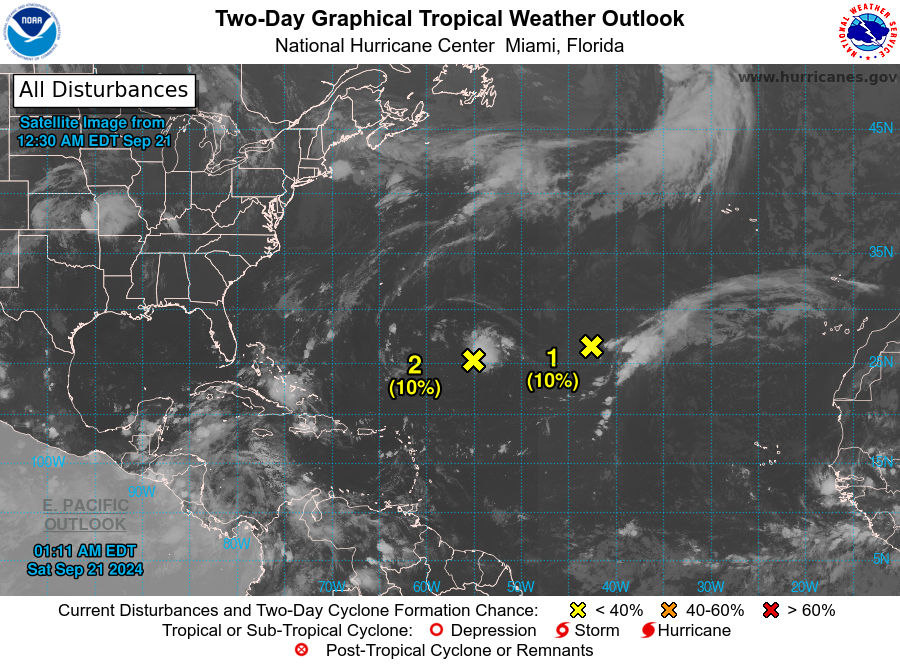
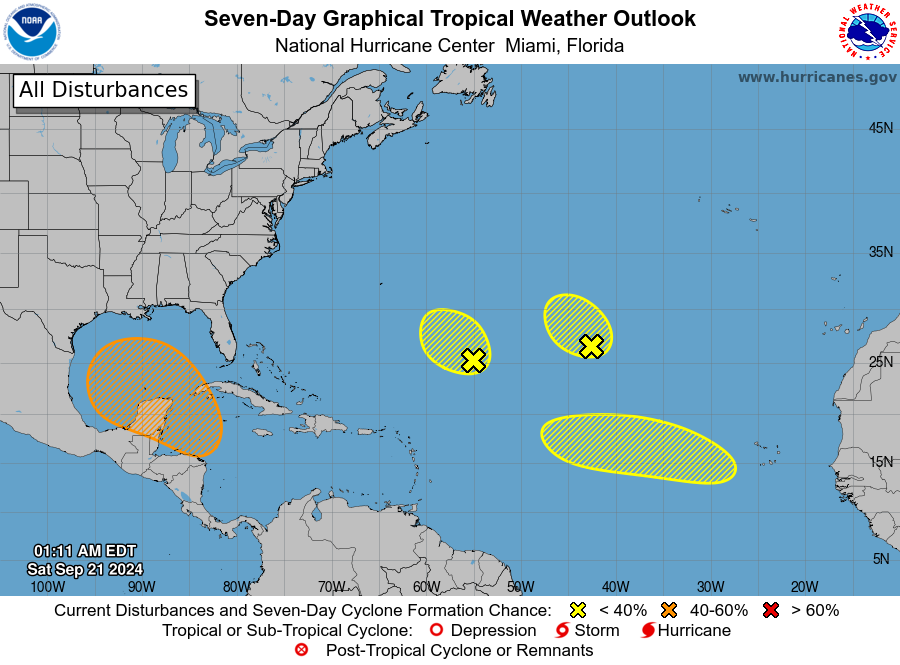
For the North Atlantic...Caribbean Sea and the Gulf of Mexico:

1. Central Subtropical Atlantic (Remnants of Gordon): Strong upper-level winds continue to keep showers and thunderstorms displaced away from the center of an area of low pressure (the remnants of Gordon) located over a thousand miles southwest of the Azores. Significant development of this system is not expected while it meanders over the central subtropical Atlantic during the next couple of days.
* Formation chance through 48 hours...low...10 percent.
* Formation chance through 7 days...low...10 percent.

2. Central and Western Subtropical Atlantic (AL96): An area of low pressure located about 700 miles northeast of the northern Leeward Islands is producing showers and a few thunderstorms. Environmental conditions do not appear conducive for significant development of this system during the next couple of days while it drifts northwestward at about 5 mph over the central or western subtropical Atlantic.
* Formation chance through 48 hours...low...10 percent.
* Formation chance through 7 days...low...10 percent.

3. Northwestern Caribbean Sea and Southern Gulf of Mexico: A broad area of low pressure could form by the early to middle part of next week over the northwestern Caribbean Sea and the adjacent portions of Central America. Thereafter, gradual development of this system is possible, and a tropical depression could form as the system moves slowly to the north or northwest over the northwestern Caribbean Sea and into the southern Gulf of Mexico through the end of next week. Regardless of development, this system is expected to produce heavy rains over portions of Central America during the next several days.
* Formation chance through 48 hours...low...near 0 percent.
* Formation chance through 7 days...medium...60 percent.

4. Eastern Tropical Atlantic: A tropical wave is expected to move westward from the coast of Africa on Sunday or Monday. Gradual subsequent development of this system is possible next week as it moves west-northwestward over the eastern tropical Atlantic.
* Formation chance through 48 hours...low...near 0 percent.
* Formation chance through 7 days...low...20 percent.

Forecaster Beven